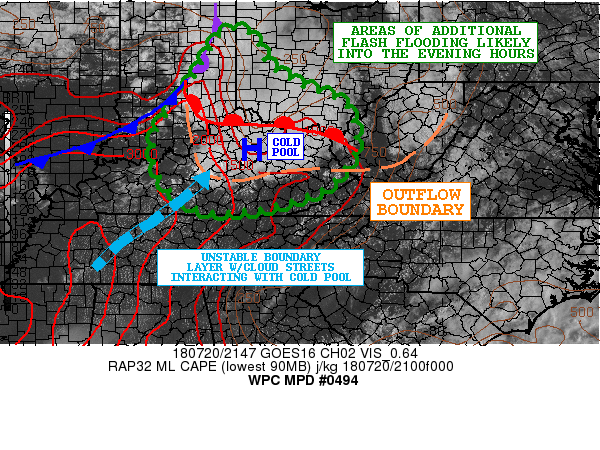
AREAS AFFECTED...SOUTHERN/EASTERN IN...CENTRAL/EASTERN
KY...SOUTHWEST TO SOUTH-CENTRAL OH...WEST-CENTRAL WV

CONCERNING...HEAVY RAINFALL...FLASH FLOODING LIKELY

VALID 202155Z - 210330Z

SUMMARY...HEAVY RAINFALL AND RESULTANT FLASH FLOODING WILL REMAIN
LIKELY GOING INTO THE EVENING HOURS AS SHOWERS AND THUNDERSTORMS
CONTINUE ORGANIZE.

DISCUSSION...THE LATE-AFTERNOON GOES-16 1-MINUTE VISIBLE SATELLITE
IMAGERY SUGGESTS A VERY UNSTABLE BOUNDARY LAYER ACROSS MUCH OF
SOUTHERN IN AND CENTRAL/SOUTHERN KY GIVEN NUMEROUS LOW LEVEL CLOUD
STREETS THAT ARE SEEN ALIGNED WITH THE MOIST WARM SECTOR SOUTHERLY
FLOW PATTERN. THIS UNSTABLE WARM SECTOR IS STRONGLY SUSTAINING A
RATHER WELL-ORGANIZED MCS THAT IS IMPACTING FAR SOUTHERN OH AND
STRETCHING DOWN ACROSS NORTH-CENTRAL/NORTHEAST KY AND FOCUSED NEAR
A WARM FRONT ATTEMPTING TO LIFT NORTHEAST TOWARD THE UPPER OH
VALLEY.

OVER THE NEXT SEVERAL HOURS...THE CONVECTION SHOULD REMAIN QUITE
ORGANIZED AND IS EXPECTED TO CONTINUE TO FOCUS DOWN TO THE
EAST-SOUTHEAST WITH IMPACTS ON PARTS OF SOUTHEAST KY AND INTO
WEST-CENTRAL WV. THE UPSTREAM ENVIRONMENT THOUGH OVER WESTERN KY
AND SOUTHEAST IN IS QUITE UNSTABLE AS WELL WHICH IS FOCUSED OUT
AHEAD OF A COLD FRONT THAT IS ASSOCIATED WITH THE AMPLIFYING AND
NEGATIVELY TILTING UPPER TROUGH OVER THE MIDWEST. THE CONCERN
MOVING INTO THE EVENING HOURS IS THAT NEW CONVECTION MAY REDEVELOP
ALONG OR NEAR THE WESTERN FLANK OF THE CURRENT CONVECTIVE COLD
POOL AND POTENTIALLY BACKBUILD AND REPEAT OVER THE SAME AREA GIVEN
THE VERY MOIST/UNSTABLE AND CONVERGENT SOUTHWEST LOW LEVEL INFLOW.
ADDITIONALLY...THERE ARE FAVORABLE SHEAR PARAMETERS AND FORCING
ASSOCIATED WITH 250 MB LEFT-EXIT REGION JET DYNAMICS THAT COUPLED
WITH SUCH STRONG BOUNDARY LAYER INSTABILITY SHOULD SUPPORT
ADDITIONAL CLUSTERS OF ORGANIZED CONVECTION OVER THE BROADER UPPER
OH VALLEY OVER THE NEXT FEW HOURS. THIS WILL INCLUDE
SOUTHERN/EASTERN IN AND PORTIONS OF WESTERN OH WHERE NEW
CONVECTIVE DEVELOPMENT IS CURRENTLY BEING NOTICED.

EXPECT RAINFALL RATES TO BE AS HIGH AS 2.5 INCHES/HR GIVEN THE
HIGH PWAT ENVIRONMENT AND STRONG CONVECTIVE FORCING. THE LATEST
HIRES MODEL CONSENSUS FAVORS AS MUCH AS AN ADDITIONAL 3 TO 4
INCHES OF RAIN THROUGH 03Z...AND THIS WILL LIKELY RESULT IN MORE
AREAS OF FLASH FLOODING. THE MORE PRONE AREAS WILL BE LOCATIONS
THAT SAW HEAVY RAIN EARLIER TODAY WHERE SOIL CONDITIONS HAVE NOW
BECOME VERY MOIST AND LOCALLY SATURATED.